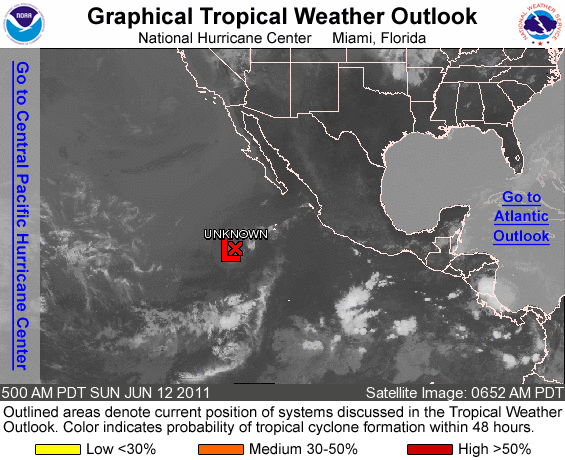
FOR THE EASTERN NORTH PACIFIC...EAST OF 140 DEGREES WEST LONGITUDE..

THE NATIONAL HURRICANE CENTER IS ISSUING ADVISORIES ON TROPICAL DEPRESSION ADRIAN...LOCATED ABOUT 570 MILES SOUTHWEST OF THE SOUTHERN TIP OF BAJA CALIFORNIA.

ELSEWHERE...TROPICAL CYCLONE FORMATION IS NOT EXPECTED DURING THE NEXT 48 HOURS.

FORECASTER KIMBERLAIN